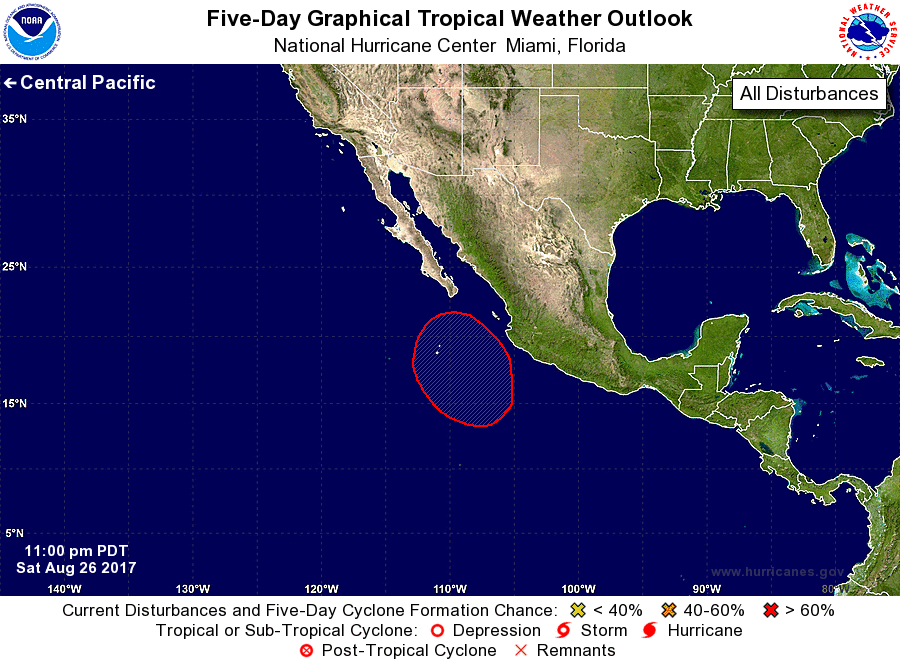
For the eastern North Pacific...east of 140 degrees west longitude:

1. An area of low pressure is expected to develop a few hundred miles south or southeast of the southern tip of Baja California during the next couple of days. Environmental conditions are expected to be conducive for the development of a tropical cyclone by mid-week while the system moves generally northward.
* Formation chance through 48 hours...low...near 0 percent.
* Formation chance through 5 days...high...80 percent.

Forecaster Zelinsky